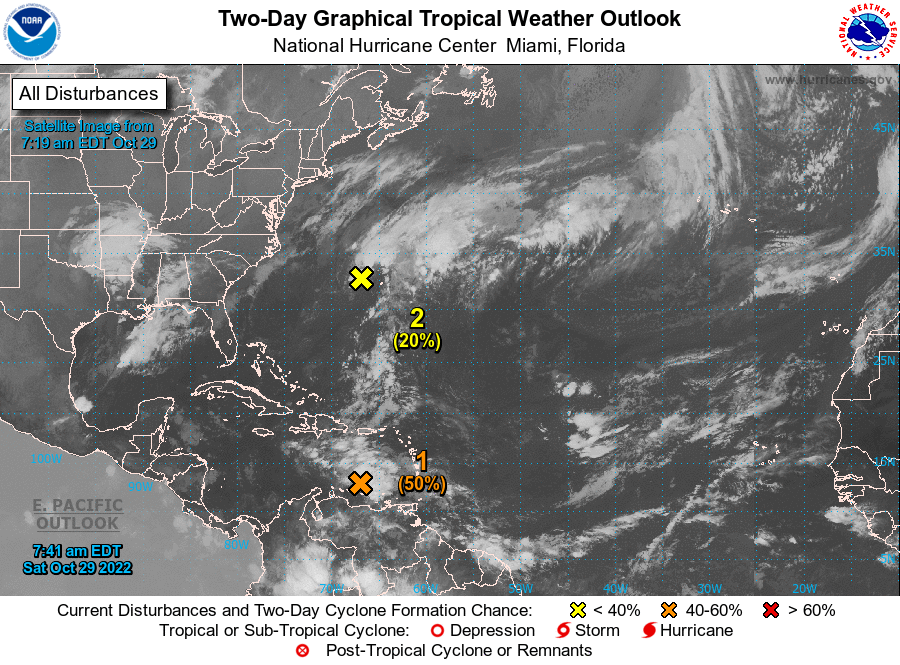
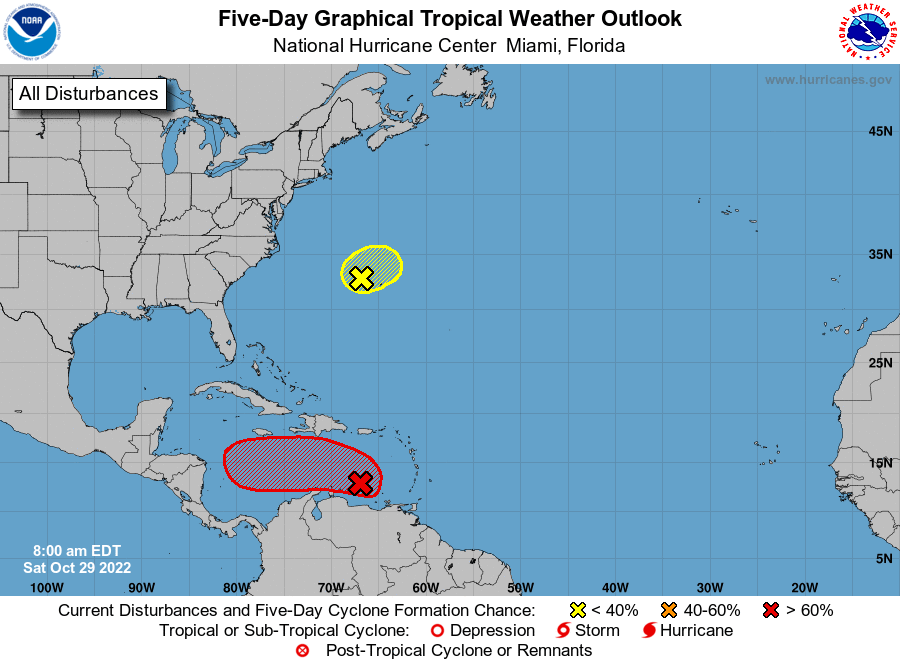
For the North Atlantic...Caribbean Sea and the Gulf of Mexico:

1. Eastern Caribbean: A broad area of low pressure over the eastern Caribbean Sea is producing a large area of disorganized showers and thunderstorms. Environmental conditions are forecast to be conducive for gradual development over the next few days, and a tropical depression is likely to form by early next week while the disturbance moves slowly westward or west-northwestward over the central Caribbean Sea. Regardless of development, locally heavy rainfall is possible over portions of the Lesser Antilles, the Virgin Islands, and Puerto Rico through this weekend.
* Formation chance through 48 hours...medium...50 percent.
* Formation chance through 5 days...high...70 percent.

2. Western Atlantic: A low pressure area located about 150 miles west-northwest of Bermuda is producing some shower and thunderstorm activity to the north of the center as it begins to interact with a nearby frontal system. Upper-level winds are forecast to increase over the system later today and tonight, and further development is not anticipated after that time.
* Formation chance through 48 hours...low...20 percent.
* Formation chance through 5 days...low...20 percent.

Forecaster Reinhart